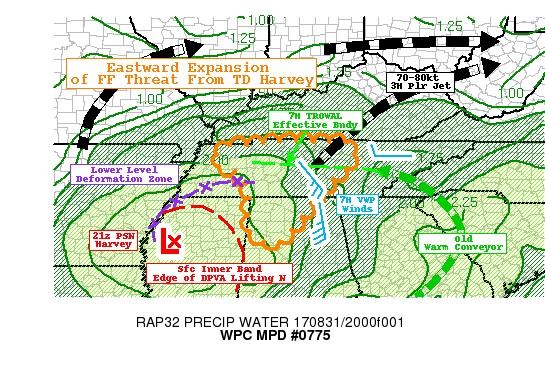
AREAS AFFECTED...CENTRAL TN...NORTHERN AL

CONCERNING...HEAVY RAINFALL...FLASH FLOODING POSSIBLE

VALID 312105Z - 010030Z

SUMMARY...EASTWARD EXPANSION OF FLASH FLOODING THREAT ALONG
DEFORMATION ZONE AND POTENTIAL TRAINING CELLS WITHIN WARM SECTOR.

DISCUSSION...CURRENT WSR-88D REFLECTIVITY MOSAIC/RAP ANALYSIS
FIELDS DEPICT AN EXPANDING LINE OF NARROW ELEVATED UPDRAFTS ACROSS
N CENTRAL TN.  THIS APPEARS TO BE THE LINGERING/OLD TROWAL WRAPPED
BACK FROM WARM CONVEYOR BELT FURTHER EAST FROM NC ACROSS E TN.
VWP NETWORK ALSO SUGGESTS STRENGTHENING 7H SELY FLOW INTERSECTING
WITH THIS BOUNDARY AROUND 7-6H SUPPORTING MID-LEVEL FRONTOGENETIC
FORCING FOR THIS CONVECTIVE DEVELOPMENT PRECURSORY TO BETTER AND
LOWER LEVEL ASCENT APPROACHING FROM THE SOUTH LATER THIS EVENING.
STILL THESE CELLS ARE FAVORABLY ORIENTATED AS WELL TO TRAIN TOWARD
THE WEST ALONG THE BOUNDARY FURTHER COMPLICATING/WETTING THE
GROUND CONDITIONS.  RAIN RATES UP TO 1.5"/HR ARE POSSIBLE THOUGH
SOME LOSS TO LOW LEVEL MOISTENING AND NATURE OF THESE NARROW CORES
MAY LIMIT OVERALL COVERAGE/FLOODING THREAT BUT IS NOT OUT OF THE
REALM OF POSSIBILITY PRIOR TO MAIN FORCING OCCURRING TOWARD 23-01Z
TIME FRAME.

RADAR TRENDS ALSO SUGGEST OUTER BAND/VORT LOBE ACROSS N MS WILL
SUPPORT FURTHER DPVA ASCENT AND ALONG WITH LOWER LEVEL MST
CONVERGENCE ALONG THE BAND...SHALLOW WITH OCCASIONALLY
DEEPER/COLDER EXPANDING TOPS (PER GOES-E IR) WILL BE EXPECT FROM
NE MS INTO NW AL IN THE NEXT HOUR OR SO.  CLOUD BEARING MEAN FLOW
SHOULD DIRECT MOST CELLS DUE NORTH THOUGH RIGHT MOVING SUPERCELLS
MAY DEFLECT EASTWARD...THERE IS STILL SOME POSSIBILITY OF CROSS
TRACK/TRAINING PARTICULARLY ACROSS NW AL WHERE BAND ORIENTATION TO
THE MEAN FLOW IS MORE PARALLEL. TOWARD 00Z DPVA/ASCENT CHANNEL
WILL WILL INTERACT WITH THE AFOREMENTIONED DEFORMATION/WARM
FRONTAL ZONE LEADING TO INCREASED ISENTROPIC ASCENT AND EXPANSION
OF MODERATE TO HVY RAIN SHIELD WITH REMAINING EMBEDDED CONVECTIVE
ELEMENTS.

RECENT HRRR AND ESRL HRRRV3 DUE TO HIGH FREQUENCY REFRESH HAVE
BEEN QUICKER TO THE  EASTWARD EXPANSION OF CONVECTION CAPABLE OF
FLASH FLOODING. BOTH ARE GENERALLY SUGGESTIVE OF 2-3" TOTALS
THROUGH 00Z MAINLY NORTH INTO CENTRAL TN BUT ISOLATED 4" TOTALS
ARE POSSIBLE.  GIVEN THIS FLASH FLOODING IS CONSIDERED POSSIBLE
THROUGH 00Z (THOUGH BECOMING MORE LIKELY AFTERWARD).